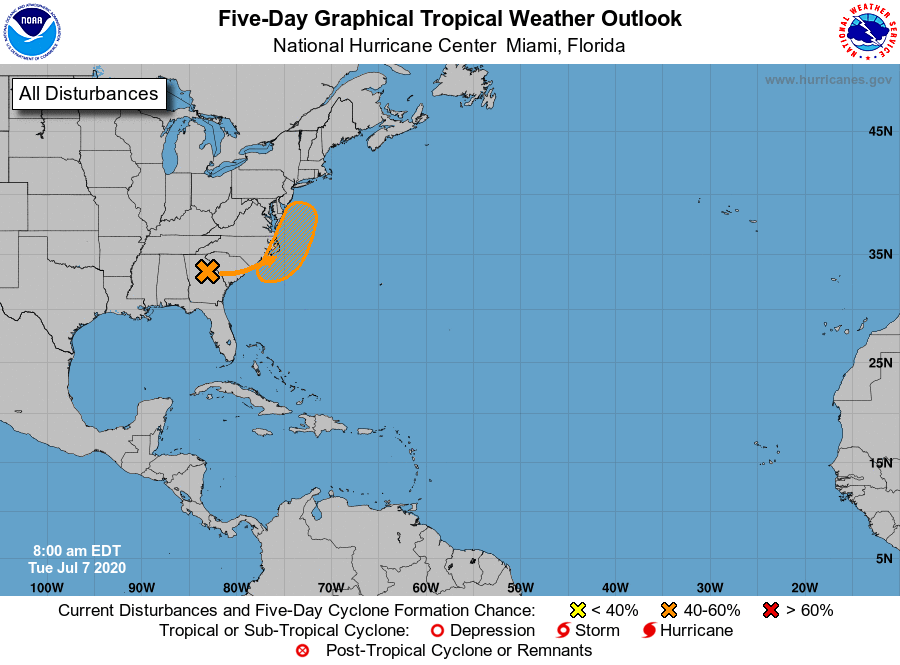
For the North Atlantic...Caribbean Sea and the Gulf of Mexico:

1. An area of low pressure located inland over northeastern Georgia is producing a large area of showers and heavy rain over portions of the southeastern U.S. The low is expected to move generally northeastward toward the coast of the Carolinas and the mid-Atlantic states and some development of this system is possible later this week if it moves over water. Regardless of development, the low is forecast to produce locally heavy rainfall that could cause flash flooding across portions of the southeastern U.S. during the next couple of days.
* Formation chance through 48 hours...low...20 percent.
* Formation chance through 5 days...medium...40 percent.

Forecaster Zelinsky